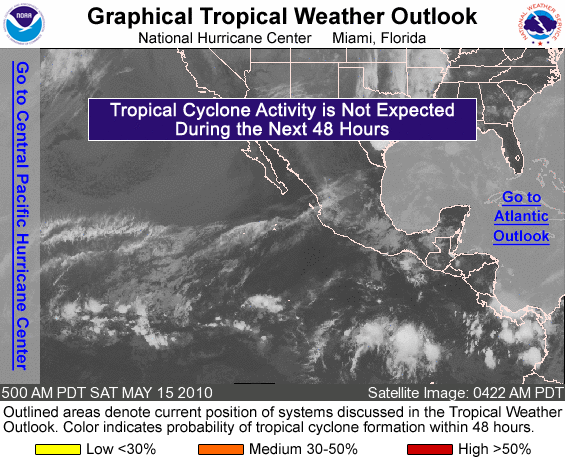
FOR THE EASTERN NORTH PACIFIC...EAST OF 140 DEGREES WEST LONGITUDE..

TROPICAL CYCLONE FORMATION IS NOT EXPECTED DURING THE NEXT 48 HOURS.

TODAY MARKS THE FIRST DAY OF THE EASTERN NORTH PACIFIC HURRICANE SEASON...WHICH WILL RUN UNTIL NOVEMBER 30. LONG-TERM AVERAGES HURRICANES ARE 15...9...AND 4...RESPECTIVELY.

THE LIST OF NAMES FOR 2010 IS AS FOLLOWS:

NAME PRONUNCIATION NAME PRONUNCIATION ------------------------------------------------------------- AGATHA MADELINE BLAS NEWTON CELIA ORLENE DARBY PAINE ESTELLE ROSLYN FRANK SEYMOUR GEORGETTE TINA HOWARD VIRGIL ISIS WINIFRED JAVIER XAVIER KAY YOLANDA YO LAHN- DA LESTER ZEKE

THIS PRODUCT...THE TROPICAL WEATHER OUTLOOK...BRIEFLY DESCRIBES SIGNIFICANT AREAS OF DISTURBED WEATHER AND THEIR POTENTIAL FOR TROPICAL CYCLONE FORMATION DURING THE NEXT 48 HOURS. BEGINNING THIS YEAR...THE OUTLOOK WILL INCLUDE A QUANTITATIVE FORECAST OF THE PROBABILITY OF GENESIS FOR EACH DISTURBANCE. THE ISSUANCE TIMES OF THIS PRODUCT ARE 5 AM...11 AM...5 PM...AND 11 PM PDT. AFTER THE CHANGE TO STANDARD TIME IN NOVEMBER...THE ISSUANCE TIMES ARE 4 AM...10 AM...4 PM...AND 10 PM EST.

PRIOR TO 2009...THE SPECIAL TROPICAL DISTURBANCE STATEMENT COULD BE ISSUED AT ANY TIME TO DESCRIBE SIGNIFICANT DISTURBANCES IN BETWEEN ISSUANCES OF THE TROPICAL WEATHER OUTLOOK. THE SPECIAL TROPICAL DISTURBANCE STATEMENT WAS DISCONTINUED IN 2009 AND IS NO LONGER ISSUED. INSTEAD...A SPECIAL TROPICAL WEATHER OUTLOOK WILL BE ISSUED TO PROVIDE UPDATES...AS NECESSARY...IN BETWEEN THE REGULARLY SCHEDULED ISSUANCES OF THE TROPICAL WEATHER OUTLOOK. SPECIAL TROPICAL WEATHER OUTLOOKS WILL BE ISSUED UNDER THE SAME WMO AND AWIPS HEADERS AS THE REGULAR TROPICAL WEATHER OUTLOOKS.

A STANDARD PACKAGE OF PRODUCTS...CONSISTING OF THE TROPICAL CYCLONE PUBLIC ADVISORY...THE FORECAST/ADVISORY...THE CYCLONE DISCUSSION... AND A WIND SPEED PROBABILITY PRODUCT...IS ISSUED EVERY SIX HOURS FOR ALL ONGOING TROPICAL CYCLONES. IN ADDITION...A SPECIAL ADVISORY PACKAGE MAY BE ISSUED AT ANY TIME TO ADVISE OF SIGNIFICANT UNEXPECTED CHANGES OR TO MODIFY WATCHES OR WARNINGS.

THE TROPICAL CYCLONE UPDATE IS A BRIEF STATEMENT TO INFORM OF SIGNIFICANT CHANGES IN A TROPICAL CYCLONE OR TO POST OR CANCEL WATCHES OR WARNINGS. IT IS USED IN LIEU OF OR TO PRECEDE THE ISSUANCE OF A SPECIAL ADVISORY PACKAGE. TROPICAL CYCLONE UPDATES...WHICH CAN BE ISSUED AT ANY TIME...CAN BE FOUND UNDER WMO HEADER WTPZ61-65 KNHC...AND UNDER AWIPS HEADER MIATCUEP1-5.

ALL NATIONAL HURRICANE CENTER TEXT AND GRAPHICAL PRODUCTS ARE AVAILABLE ON THE WEB AT WWW.NHC.NOAA.GOV

FORECASTER STEWART